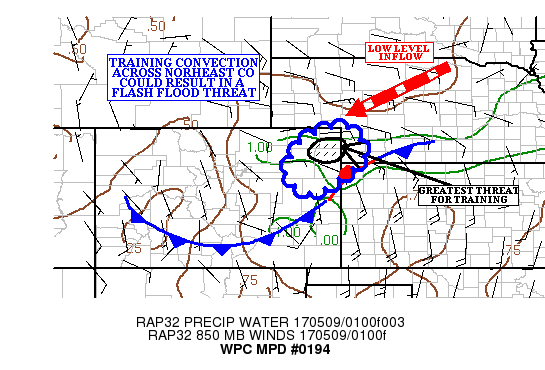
AREAS AFFECTED...NORTHEAST CO...FAR SOUTHWEST NE

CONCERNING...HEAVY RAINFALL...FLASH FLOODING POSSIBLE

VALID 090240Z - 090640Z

SUMMARY...TRAINING CONVECTION OVER NORTHEAST CO COULD RESULT IN A
FLASH FLOOD THREAT THROUGH THE LATE EVENING HOURS.

DISCUSSION...REGIONAL RADARS SHOWED CONVECTION ACROSS EASTERN CO
MOVING SLOWLY NORTHEAST WITH THE MID LEVEL FLOW. GOES-16
EXPERIMENTAL IR IMAGES INDICATED SLOWLY COOLING TOPS ACROSS
NORTHEAST CO...WITH CLOUD TOP TEMPERATURES NEAR -68 C. THE
CONVECTION IS TRACKING THROUGH AN AXIS OF 500-1000 J/KG OF
MLCAPE...WHICH IS SUPPORTED BY UPSTREAM 00Z SOUNDINGS.
PRECIPITABLE WATER VALUES IN THIS AXIS WERE GENERALLY NEAR 1.00
INCHES...PER 00Z SOUNDINGS AND THE LATEST BLENDED TPW IMAGERY.

BASED ON THE RADAR TRENDS...THE CONVECTION IS STILL MAINLY OUTFLOW
BASED (WHICH IS NOW SURPRISING...GIVEN THE AMOUNT OF DRY AIR IN
THE MID LEVELS ON LOCAL 00Z SOUNDINGS).

HOWEVER...THE NORTHERN PORTION OF THE LINE APPEARS TO BE
SLOWING...AS THE CONVECTION ACROSS NORTHEAST CO BECOMES BETTER
ALIGNED WITH THE MID LEVEL FLOW. THE KGLD RADAR SHOWED HOURLY
RAINFALL RATES NEAR 1.50 INCHES...BUT BASED ON THE STEEP LAPSE
RATES IN THE MID LEVELS ON THE 00Z SOUNDINGS... AND RECENT SPOTTER
REPORTS... SOME OF THESE AMOUNTS COULD BE HAIL CONTAMINATED.

THE LATEST RAP SHOWED MUCAPE VALUES REMAINING BETWEEN 500-1000
J/KG ACROSS NORTHEAST CO THROUGH ABOUT 06Z...WHICH SHOULD BE
SUFFICIENT TO MAINTAIN THE CURRENT CONVECTION. A LOW LEVEL
EASTERLY INFLOW IS EXPECTED TO CONTINUE THE MOISTURE PLUME INTO
NORTHEAST CO AND FAR SOUTHWEST NE...AND GOOD DIFFLUENCE IS
EXPECTED TO KEEP THE CONVECTION ORGANIZED.

AS THE CONVECTION BECOMES BETTER ALIGNED WITH THE MID LEVEL
FLOW...THE THREAT FOR TRAINING INCREASES. THE LATEST
HRRR/EXPERIMENTAL HRRR/RAP SHOWED THE POTENTIAL FOR LOCAL 2.00
INCH RAINFALL AMOUNTS ACROSS NORTHEAST CO...WHICH LOOKS REASONABLE
WHERE TRAINING OCCURS. THREE HOUR FLASH FLOOD GUIDANCE VALUES ARE
AS LOW AS 1.50 INCHES IN THIS AREA...WHICH SUGGESTS A FLASH FLOOD
THREAT.

INSTABILITY SHOULD START WANING AFTER 06Z...WHICH SHOULD LIMIT THE
FLASH FLOOD THREAT WITH TIME. THIS WAS INDICATED BY MOST HIGH
RESOLUTION MODEL SOLUTIONS.